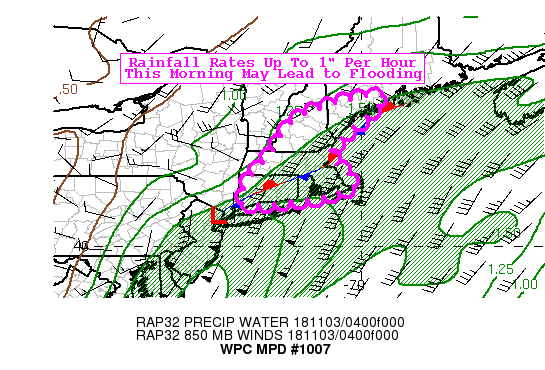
Areas affected...Southern New England

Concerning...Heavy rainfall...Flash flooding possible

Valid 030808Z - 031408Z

Summary...Moderate to locally heavy rainfall along and ahead of a
cold front will pose a flash flood risk across portions of
southern New England through the early morning hours.

Discussion...Strong negatively titled upper level shortwave trough
pushing through the lower Ohio Valley is contributing to broad
upper level divergence across the region. A plume of tropical
moisture characterized by PWATs of 1.4 to 1.7" has been advected
northward into portions of southern New England. At the surface, a
couple of lows were analyzed while a quasi-stationary boundary
lies from just offshore Maine through the urban corridor from
Portland, ME to Boston to NYC.

The line of showers is slowly advancing eastward while individual
cells are lifting north/northeast. With the unidirectional flow in
the low/mid levels, training will be possible. A recent
mesoanalysis shows MUCAPE up to 500 J/kg remains in place. Strong
boundary layer convergence is expected to remain in place,
contributing to a narrow corridor of moderate to heavy rain from
coastal southern Maine, New Hampshire down into portions of
MA/CT/RI.

Hourly rainfall rates of 1" will be possible into the morning
hours where convection taps into the remaining instability and
trains as it moves east/northeast. Total rainfall amounts of 1 to
locally 3 inches will be possible across portions of the area,
which might be enough to exceed the 3-hr FFG of 2-4". Urban
corridors and other sensitive areas will be most prone in this
setup. The progressive movement of the line combined with limited
instability and higher than normal FFG limits flash flood
confidence. However, given the potential for training convection
over urban/sensitive areas, longer duration nuisance flooding will
be possible.